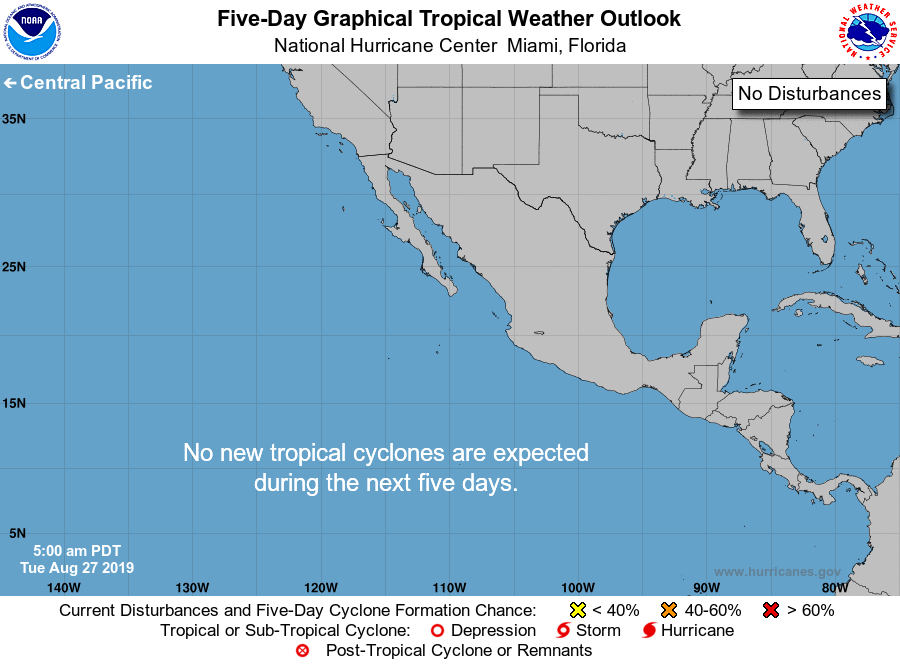
For the eastern North Pacific...east of 140 degrees west longitude:

Tropical cyclone formation is not expected during the next 5 days.

Forecaster Avila